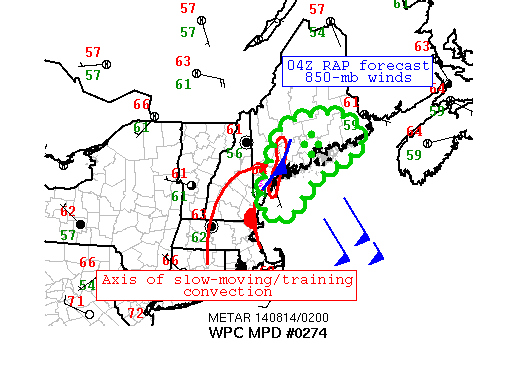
AREAS AFFECTED...SOUTHERN TO EASTERN MAINE...

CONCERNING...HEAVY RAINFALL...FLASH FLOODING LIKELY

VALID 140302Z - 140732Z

SUMMARY...AN AREA OF TRAINING CONVECTION HAS BEEN OBSERVED NEAR
PORTLAND...MAINE WITH 4" OF RAINFALL IN ONLY 90 MINUTES. FLASH
FLOODING IS BEING REPORTED ACROSS THE REGION WITH NUMEROUS
UNDERPASSES FLOODED AND VEHICLES STRANDED. THIS MESOSCALE BAND
SHOULD MAINTAIN A LIKELY THREAT FOR FLASH FLOODING DURING THE NEXT
FEW HOURS.

DISCUSSION...A SYSTEM WITH A LONG HISTORY OF PRODUCING FLASH
FLOODS FROM MD UP THROUGH NY...LONG ISLAND...AND SOUTHERN NEW
ENGLAND HAS SEEN THE DEVELOPMENT OF ANOTHER IMPRESSIVE MESOSCALE
RAIN BAND. SURFACE OBSERVATIONS INDICATE HOURLY RAINFALL RATES
HAVE REACHED THE 2 TO 3 INCH RANGE DURING THE PAST COUPLE HOURS.
MUCH OF THIS ACTIVITY HAS CONGREGATED ALONG A BAROCLINIC ZONE
WHICH HAS SET UP ALONG THE MAINE COAST. WHILE PWATS ACROSS COASTAL
MAINE ARE NOT AS IMPRESSIVE AS VALUES SEEN EARLIER IN THE
EVENT...00Z RAOBS INDICATE PWATS OF 1.75-2.00 INCHES HAVE INVADED
THE REGION. THIS RANKS APPROXIMATELY TWO STANDARD DEVIATIONS ABOVE
NORMAL FOR MID-AUGUST. WHAT IS MORE IMPRESSIVE IS THE FORECAST
850-MB WINDS WHICH ARE TO BE IN THE 50 TO 55 KNOT RANGE DURING THE
NEXT SEVERAL HOURS. INSTABILITY REMAINS LOW WITH MUCAPE VALUES IN
THE 100-500 J/KG RANGE PER THE 02Z RAP-BASED OBJECTIVE ANALYSIS.
IN SPITE OF THE LOW AMOUNT OF INSTABILITY IN PLACE...WARM RAIN
PROCESSES HAVE PROVEN TO BE QUITE EFFICIENT IN HEAVY RAINFALL
PRODUCTION.

HIGH-RESOLUTION GUIDANCE HAS NOT HANDLED THIS MESOSCALE FEATURE
WELL AS THE MODELS HAVE FEATURED A BROADER AXIS OF MODERATE TO
HEAVY PRECIPITATION. THEIR FORECAST DURING THE NEXT 6 HOURS
SUGGESTS ONLY 1 TO 2 INCH AMOUNTS. GIVEN THE CURRENT STATE OF THE
CONVECTION...THIS MAY BE ACCURATE FOR AERIAL COVERAGE BUT EXPECT
POCKETS OF 1-2 INCH HOURLY RAINFALL RATES TO CONTINUE WITH
OCCASIONALLY HIGHER RATES THROUGH AT LEAST 06Z.